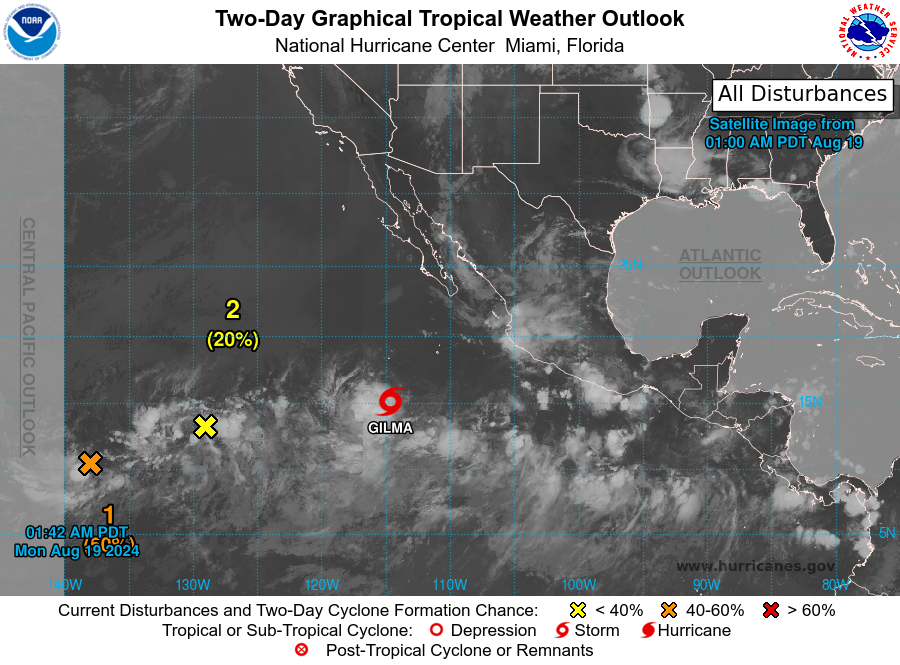
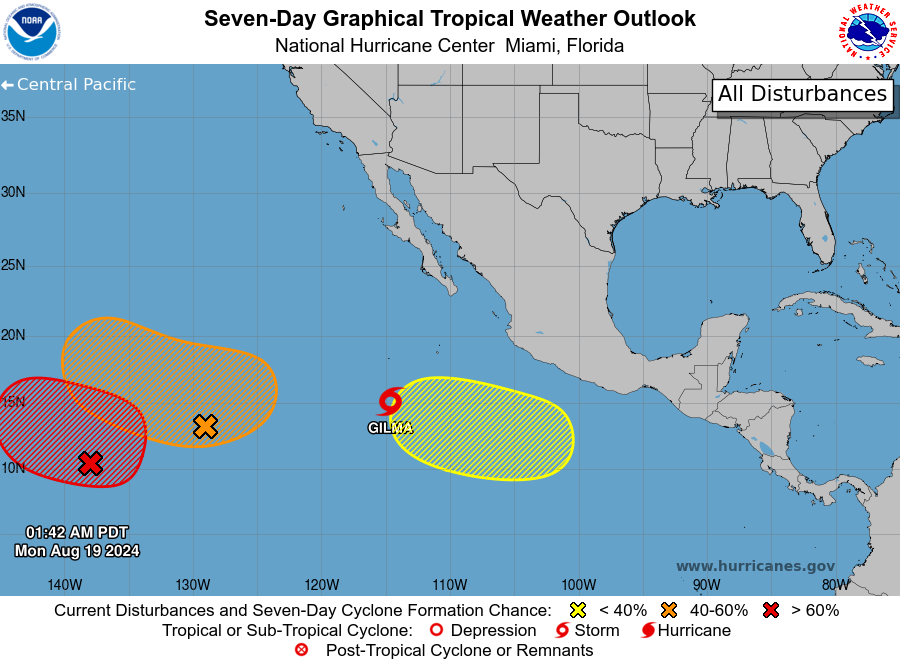
For the eastern North Pacific...east of 140 degrees west longitude:

The National Hurricane Center is issuing advisories on Tropical Storm Gilma, located several hundred miles south-southwest of the southern tip of the Baja California peninsula.

1. Well East-southeast of the Hawaiian Islands (EP90): Showers and thunderstorms are showing some signs of organization in association with a low pressure system located well east-southeast of the Hawaiian Islands. This disturbance is forecast to interact with a disturbance located to its east-northeast. If this system becomes the dominant disturbance, some gradual development is possible, and a tropical depression could form in the next couple of days while it initially moves slowly over the western portion of the East Pacific. A faster west-northwestward motion into the Central Pacific basin is likely by the latter portion of the week. Information on this system's development can also be found in the Tropical Weather Outlook for the Central Pacific basin.
* Formation chance through 48 hours...medium...50 percent.
* Formation chance through 7 days...high...70 percent.

2. Western Portion of the East Pacific: Disorganized showers and thunderstorms continue in association with a broad trough of low pressure located well west-southwest of the southern tip of the Baja California peninsula. This system is forecast to interact with another disturbance to its west-southwest over the next few days which could limit additional development. Regardless, a tropical depression could form during the middle part of the week while the system moves slowly west-northwestward before it possibly merges with the disturbance currently located farther west. Information on this system's development can also be found in the Tropical Weather Outlook for the Central Pacific basin.
* Formation chance through 48 hours...low...20 percent.
* Formation chance through 7 days...medium...40 percent.

3. Eastern and Central Portion of the East Pacific: An area of low pressure could form well to the south of the southwestern coast of Mexico around the middle of the week. Environmental conditions appear generally conducive for some slow development of this system thereafter as it moves slowly west-northwestward.
* Formation chance through 48 hours...low...near 0 percent.
* Formation chance through 7 days...low...20 percent.

The Tropical Weather Outlook for the Central Pacific basin can be found under AWIPS header HFOTWOCP and WMO header ACPN50 PHFO and on the web at hurricanes.gov

Public Advisories on Tropical Storm Gilma are issued under WMO header WTPZ32 KNHC and under AWIPS header MIATCPEP2. Forecast/Advisories on Tropical Storm Gilma are issued under WMO header WTPZ22 KNHC and under AWIPS header MIATCMEP2.

Forecaster Hagen/Pasch